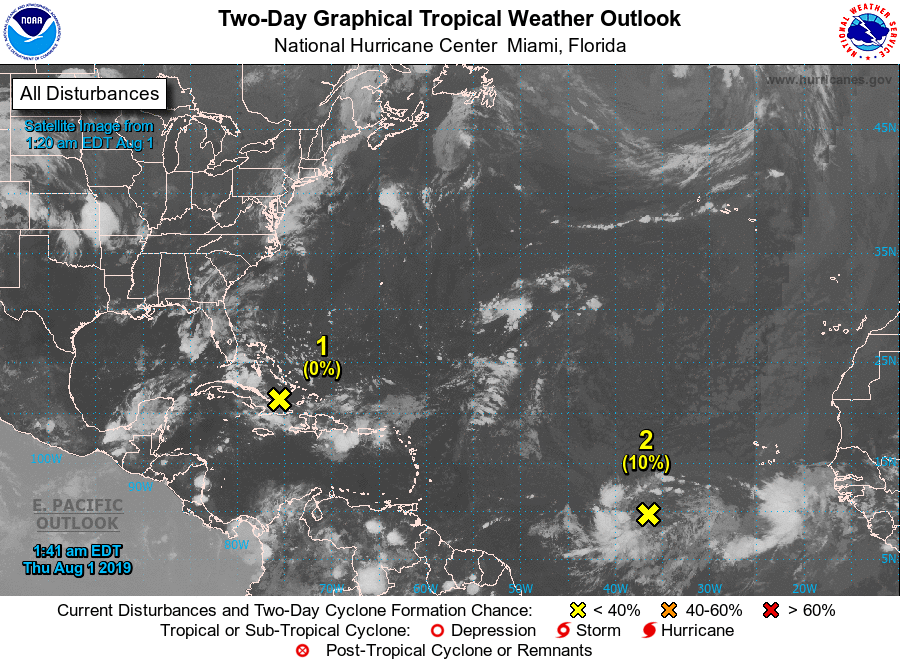
For the North Atlantic...Caribbean Sea and the Gulf of Mexico:

1. An area of disturbed weather stretching across Cuba and the Bahamas is forecast to move northwestward and then northward, producing locally heavy rainfall over portions of the Greater Antilles, the Bahamas, and Florida during the next few days. Conditions could become marginally conducive for development over the weekend while the system turns and accelerates northeastward off the southeastern U.S. coast.
* Formation chance through 48 hours...low...near 0 percent.
* Formation chance through 5 days...low...10 percent.

2. A broad low pressure system located about 900 miles west-southwest of the Cabo Verde Islands is producing a large area of disorganized showers and thunderstorms. Gradual development is possible during the next couple of days while the system moves west-northwestward at about 15 mph across the central tropical Atlantic Ocean. Conditions are forecast to become more conducive for development over the weekend, and a tropical depression is likely to form by early next week several hundred miles east of the Lesser Antilles.
* Formation chance through 48 hours...low...10 percent.
* Formation chance through 5 days...high...70 percent.

Forecaster Berg